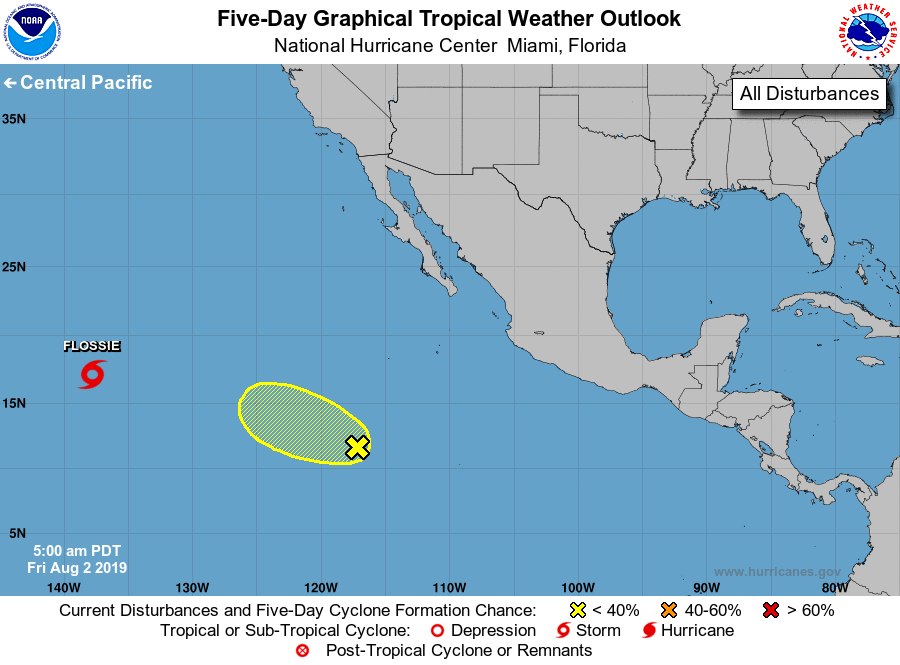
For the eastern North Pacific...east of 140 degrees west longitude:

The National Hurricane Center is issuing advisories on Tropical Storm Flossie, located more than a thousand miles east of the Hawaiian Islands.

1. Showers and thunderstorms associated with a broad area of low pressure located about 900 miles south-southwest of the southern tip of the Baja California peninsula remain disorganized. Upper-level winds are expected to be marginally conducive for development only during the next day or two while the low moves west-northwestward at about 10 mph.
* Formation chance through 48 hours...low...20 percent.
* Formation chance through 5 days...low...20 percent.

Forecaster Beven